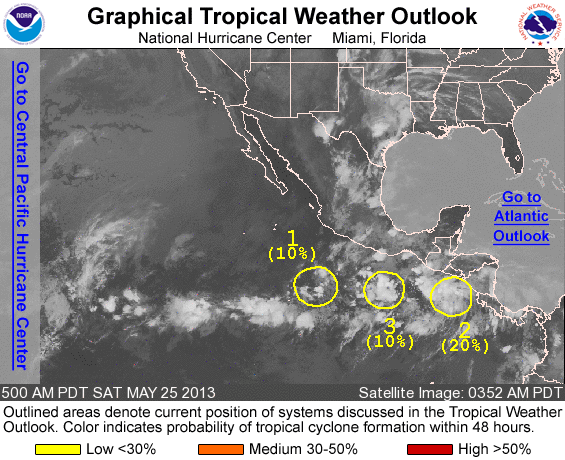
FOR THE EASTERN NORTH PACIFIC...EAST OF 140 DEGREES WEST LONGITUDE..

1. A TROUGH OF LOW PRESSURE LOCATED ABOUT 600 MILES SOUTH OF MANZANILLO MEXICO CONTINUES TO PRODUCE DISORGANIZED CLOUDINESS AND SHOWERS. DEVELOPMENT...IF ANY...OF THIS SYSTEM SHOULD BE SLOW TO OCCUR AS IT MOVES LITTLE DURING THE NEXT COUPLE OF DAYS. THIS SYSTEM HAS A LOW CHANCE...10 PERCENT...OF BECOMING A TROPICAL CYCLONE DURING THE NEXT 48 HOURS.

2. AN AREA OF DISTURBED WEATHER IS LOCATED A COUPLE HUNDRED MILES SOUTHWEST OF NICARAGUA. SOME SLOW DEVELOPMENT OF THIS SYSTEM IS POSSIBLE DURING THE NEXT COUPLE OF DAYS AS IT DRIFTS WESTWARD TO WEST-NORTHWESTWARD. THIS SYSTEM HAS A LOW CHANCE...20 PERCENT... OF BECOMING A TROPICAL CYCLONE DURING THE NEXT 48 HOURS.

3. ANOTHER AREA OF DISTURBED WEATHER HAS FORMED BETWEEN THE ABOVE MENTIONED SYSTEMS ABOUT 400 MILES SOUTHEAST OF ACAPULCO MEXICO. GRADUAL DEVELOPMENT OF THIS DISTURBANCE IS ALSO POSSIBLE DURING THE NEXT FEW DAYS AS IT DRIFTS WEST-NORTHWESTWARD OR NORTHWESTWARD. THIS SYSTEM HAS A LOW CHANCE...10 PERCENT...OF BECOMING A TROPICAL CYCLONE DURING THE NEXT 48 HOURS.

ELSEWHERE...TROPICAL CYCLONE FORMATION IS NOT EXPECTED DURING THE NEXT 48 HOURS.

FORECASTER CANGIALOSI